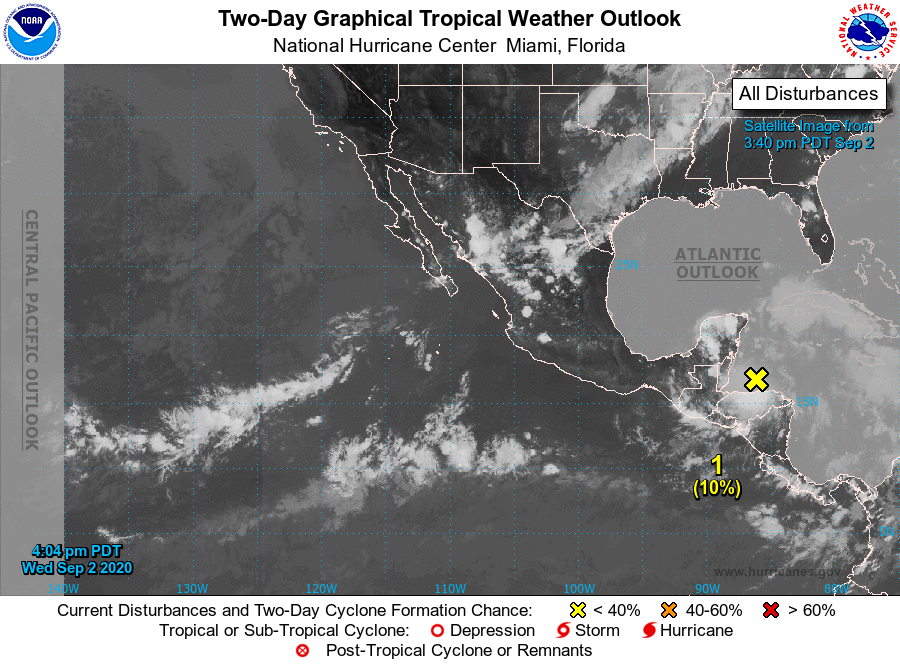
For the eastern North Pacific...east of 140 degrees west longitude:

1. The remnants of Atlantic basin Tropical Storm Nana could emerge over the eastern Pacific waters near the Gulf of Tehuantepec on Friday. Unfavorable upper-level winds are expected to limit development through the weekend while the system moves generally west-northwestward near the southern coast of Mexico.
* Formation chance through 48 hours...low...10 percent.
* Formation chance through 5 days...low...20 percent.

Forecaster Brown